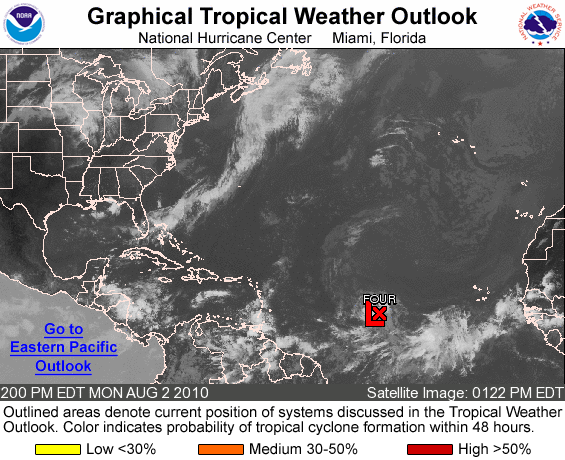
FOR THE NORTH ATLANTIC...CARIBBEAN SEA AND THE GULF OF MEXICO...

THE NATIONAL HURRICANE CENTER IS ISSUING ADVISORIES ON RECENTLY FORMED TROPICAL DEPRESSION FOUR...LOCATED ABOUT 1365 MILES EAST OF THE LESSER ANTILLES.

1. A WESTWARD-MOVING TROPICAL WAVE ACCOMPANIED BY A WEAK LOW PRESSURE SYSTEM IS MOVING ACROSS EASTERN NICARAGUA AND NORTHEASTERN HONDURAS. ALTHOUGH SHOWER ACTIVITY HAS INCREASED SOMEWHAT... PROXIMITY TO LAND SHOULD INHIBIT ANY SIGNIFICANT DEVELOPMENT OF THIS DISTURBANCE AS IT MOVES ACROSS CENTRAL AMERICA AND INTO THE EASTERN NORTH PACIFIC OCEAN DURING THE NEXT FEW DAYS. THERE IS A LOW CHANCE...NEAR 0 PERCENT...OF THIS SYSTEM BECOMING A TROPICAL CYCLONE DURING THE NEXT 48 HOURS.

ELSEWHERE...TROPICAL CYCLONE FORMATION IS NOT EXPECTED DURING THE NEXT 48 HOURS.

PUBLIC ADVISORIES ON TROPICAL DEPRESSION FOUR ARE ISSUED UNDER WMO HEADER WTNT34 KNHC AND UNDER AWIPS HEADER MIATCPAT4. FORECAST/ADVISORIES ON THE DEPRESSION ARE ISSUED UNDER WMO HEADER WTNT24 KNHC AND UNDER AWIPS HEADER MIATCMAT4.

FORECASTER STEWART